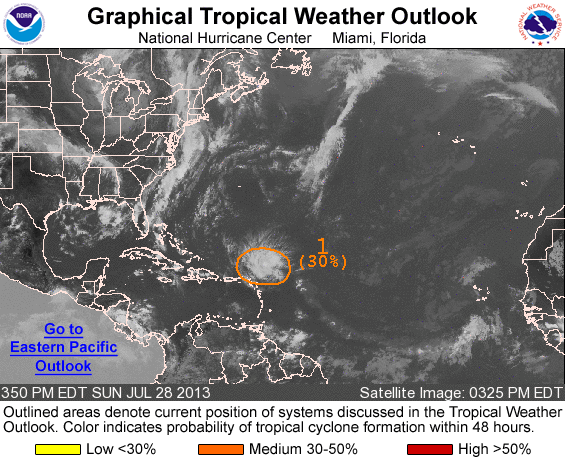
FOR THE NORTH ATLANTIC...CARIBBEAN SEA AND THE GULF OF MEXICO...

1. DATA FROM AN AIR FORCE RECONNAISSANCE MISSION IN THE REMNANTS OF DORIAN...LOCATED A COUPLE HUNDRED MILES NORTH OF THE LEEWARD ISLANDS...INDICATE THAT THE DISTURBANCE DOES NOT HAVE A WELL- DEFINED CENTER OF CIRCULATION AND CONSISTS OF A SHARP SURFACE TROUGH. THE SYSTEM IS PRODUCING WINDS TO GALE FORCE WELL NORTH OF THE LEEWARD ISLANDS...HOWEVER THE ASSOCIATED SHOWER AND THUNDERSTORM ACTIVITY HAS WEAKENED DURING THE PAST FEW HOURS.

ENVIRONMENTAL WINDS ARE EXPECTED TO BE ONLY MARGINALLY CONDUCIVE FOR REGENERATION DURING THE NEXT COUPLE OF DAYS. THIS SYSTEM HAS A MEDIUM CHANCE...30 PERCENT...OF BECOMING A TROPICAL CYCLONE DURING THE NEXT 48 HOURS AS IT MOVES WESTWARD TO WEST-NORTHWESTWARD AT AROUND 20 MPH...PASSING NORTH OF THE LEEWARD ISLANDS AND PUERTO RICO THROUGH MONDAY...AND MOVING OVER THE TURKS AND CAICOS ISLANDS AND SOUTHERN BAHAMAS ON TUESDAY.

ADDITIONAL INFORMATION ON THIS SYSTEM CAN BE FOUND IN HIGH SEAS FORECASTS ISSUED BY THE NATIONAL WEATHER SERVICE...UNDER AWIPS HEADER NFDHSFAT1 AND WMO HEADER FZNT01 KWBC.

ELSEWHERE...TROPICAL CYCLONE FORMATION IS NOT EXPECTED DURING THE NEXT 48 HOURS.

FORECASTER BERG